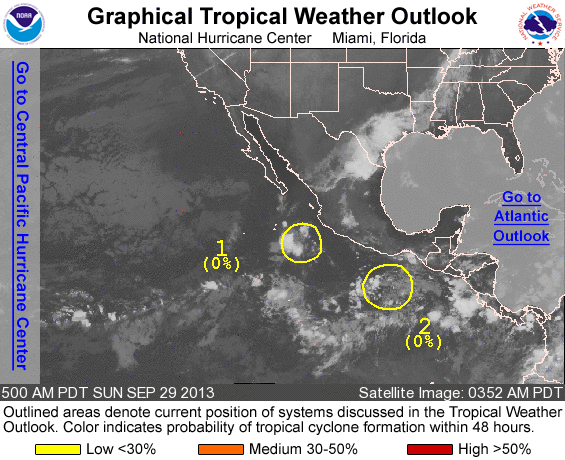
FOR THE EASTERN NORTH PACIFIC...EAST OF 140 DEGREES WEST LONGITUDE..

1. SHOWER ACTIVITY ASSOCIATED WITH A WEAK LOW PRESSURE AREA LOCATED OFF OF THE WEST-CENTRAL COAST OF MEXICO REMAINS LIMITED,,,AND UPPER-LEVEL WINDS ARE NOT CONDUCIVE FOR DEVELOPMENT. THIS SYSTEM HAS A LOW CHANCE...NEAR 0 PERCENT...OF BECOMING A TROPICAL CYCLONE DURING THE NEXT 48 HOURS...AND A LOW CHANCE...NEAR 0 PERCENT...OF BECOMING A TROPICAL CYCLONE DURING THE NEXT 5 DAYS WHILE IT MOVES GENERALLY WESTWARD AT 5 TO 10 MPH.

2. A BROAD AREA OF LOW PRESSURE LOCATED A COUPLE OF HUNDRED MILES SOUTHWEST OF THE GULF OF TEHUANTEPEC IS PRODUCING LIMITED SHOWER ACTIVITY. SOME SLOW DEVELOPMENT OF THIS DISTURBANCE IS POSSIBLE OVER THE NEXT SEVERAL DAYS AS IT MOVES WESTWARD AT AROUND 10 MPH. THIS SYSTEM HAS A LOW CHANCE...NEAR 0 PERCENT...OF BECOMING A TROPICAL CYCLONE DURING THE NEXT 48 HOURS AND A LOW CHANCE...20 PERCENT...OF BECOMING A TROPICAL CYCLONE DURING THE NEXT 5 DAYS.

FIVE-DAY FORMATION PROBABILITIES ARE EXPERIMENTAL IN 2013. COMMENTS ON THE EXPERIMENTAL FORECASTS CAN BE PROVIDED AT...

HTTP://WWW.NWS.NOAA.GOV/SURVEY/NWS-SURVEY.PHP?CODE=ETWO

FORECASTER PASCH